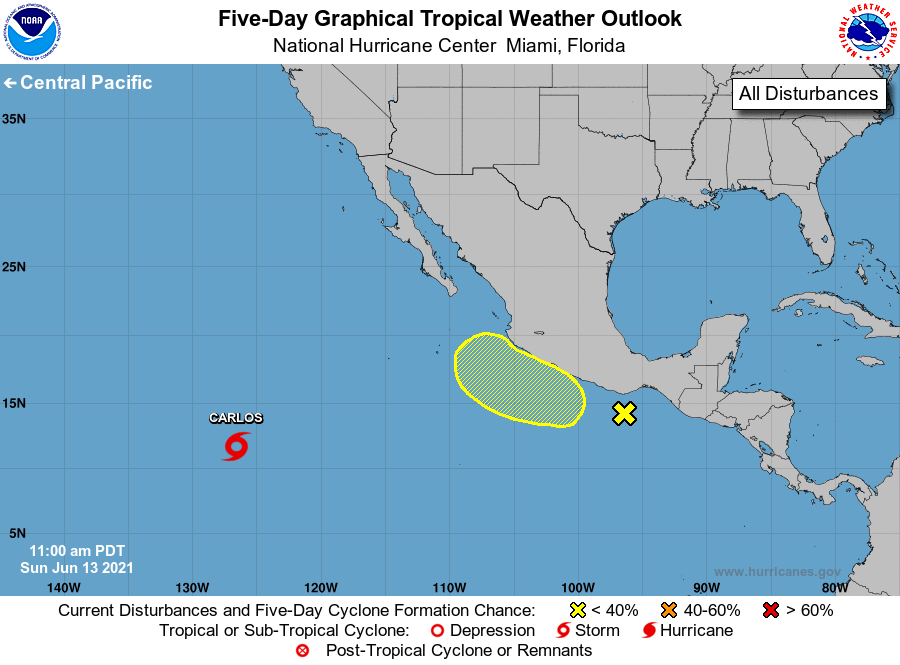
For the eastern North Pacific...east of 140 degrees west longitude:

The National Hurricane Center is issuing advisories on Tropical Storm Carlos, located about 1300 miles west-southwest of the southern tip of the Baja California peninsula.

1. Satellite images indicate that the weak area of low pressure previously located about a hundred miles south-southwest of Puerto Angel, Mexico has dissipated. Environmental conditions do not appear conducive for the low to re-develop, and therefore formation of a tropical cyclone is not expected. Regardless of development, heavy rainfall is possible over portions of Central America and southern Mexico through early this week. See products from your local meteorological service for more information.
* Formation chance through 48 hours...low...near 0 percent.
* Formation chance through 5 days...low...near 0 percent.

2. An area of low pressure is expected to form by late this week a couple of hundred miles offshore of the coast of southwestern Mexico. Some gradual development is possible thereafter as the system moves slowly northwestward.
* Formation chance through 48 hours...low...near 0 percent.
* Formation chance through 5 days...low...20 percent.

Forecaster Latto